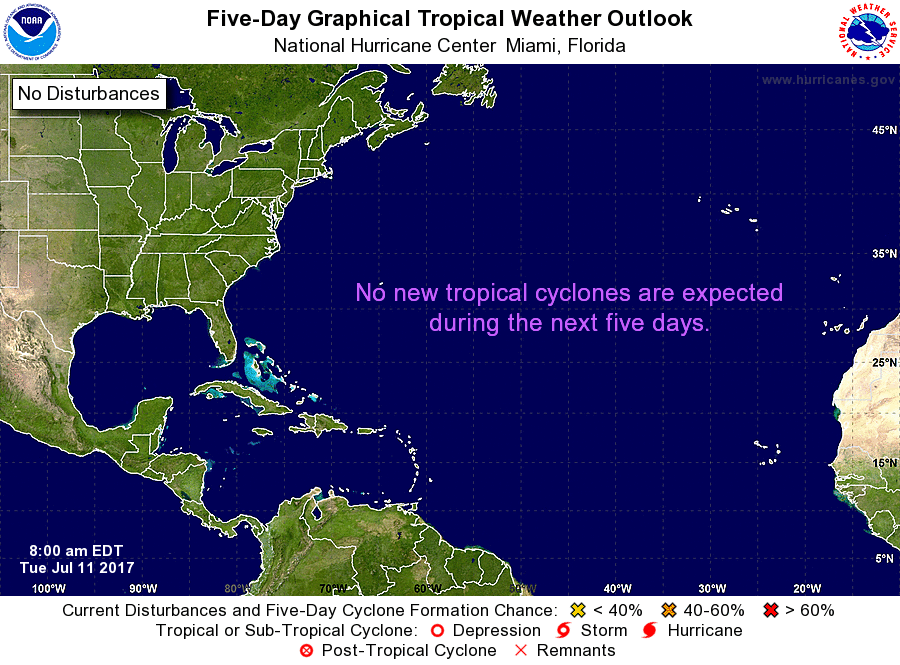
For the North Atlantic...Caribbean Sea and the Gulf of Mexico:

Tropical cyclone formation is not expected during the next 5 days.

Forecaster Landsea